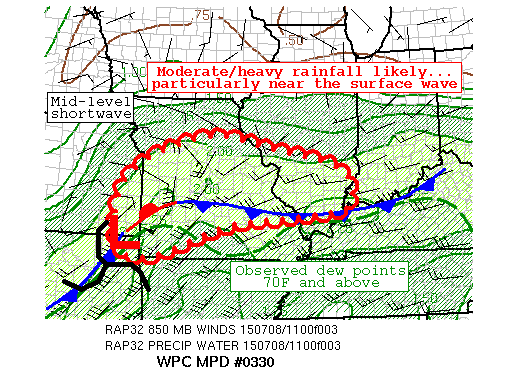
AREAS AFFECTED...SOUTHEASTERN KS/EXTREME NORTHEASTERN
OK/MO/SOUTHERN IL...

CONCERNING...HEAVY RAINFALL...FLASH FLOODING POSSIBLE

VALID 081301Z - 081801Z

SUMMARY...A BROAD AXIS OF EARLY MORNING CONVECTION HAS BEGUN TO
AFFECT SECTIONS OF THE MIDDLE MS VALLEY. STRONG DYNAMICS WITH THE
SURFACE WAVE COMBINED WITH ADEQUATE MOISTURE SUPPORTS LOCALLY
HEAVY RAINFALL CAPABLE OF PRODUCING FLASH FLOODING.

DISCUSSION...RADAR IMAGERY THIS MORNING SHOWED AN EXPANSIVE SWATH
OF MODERATE TO LOCALLY HEAVY RAINFALL EXTENDING FROM FAR
NORTHEASTERN OK/SOUTHEASTERN KS INTO MUCH OF MO. ISENTROPIC LIFT
HAS BEEN THE PRIMARY DRIVER FOR THE PRECIPITATION OVER MO WITH THE
ACTIVITY GENERALLY CONGREGATING NORTH OF THE ANALYZED BOUNDARY.
RAINFALL RATES HAVE NOT BEEN TERRIBLY IMPRESSIVE ACROSS THIS
REGION WITH 0.25 TO 0.50 INCHES PER HOUR BEING THE NORM. FARTHER
TO THE WEST WHERE THE SURFACE LOW/MID-LEVEL VORTICITY MAXIMA ARE
LOCATED...THE CONVECTION IS A BIT MORE INTENSE. MORE
SPECIFICALLY...PER MESONET OBSERVATIONS...3-HOUR RAINFALL TOTALS
HAVE BEEN IN THE 1 TO 1.50 INCH RANGE ACROSS NORTHEASTERN
OK/SOUTHEASTERN KS WHICH HAS LOCALLY NEARED SOME OF THE FFG
VALUES.

MOVING FORWARD...WHILE MOISTURE WILL NOT BE AN ISSUE AS PWATS
SURGE ABOVE THE 2 INCH MARK...APPRECIABLE INSTABILITY WILL BE A
PROBLEM. MOST OF THE HIGH-RESOLUTION MODELS MAINTAIN THE BEST
INSTABILITY PROFILES DOWN ACROSS SOUTHERN MO  WHICH IS SOUTH OF
THE BOUNDARY. HOWEVER...STRONG ENOUGH DYNAMICS FROM THE SURFACE
LOW AND THE ASSOCIATED VORTICITY MAXIMA SHOULD SUPPORT INTENSE
RAINFALL LEADING TO THE POTENTIAL FOR LOCALIZED FLASH FLOODING
ISSUES.